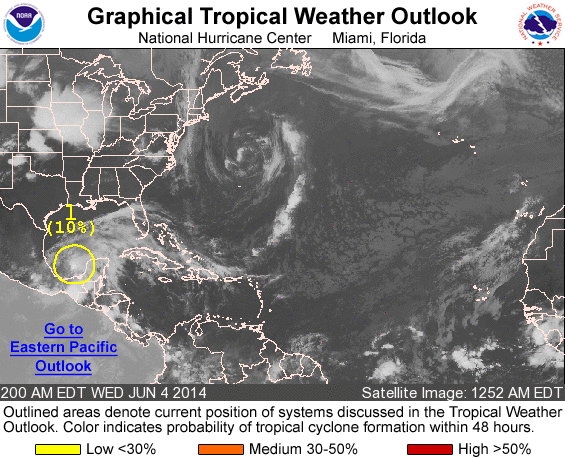
For the North Atlantic...Caribbean Sea and the Gulf of Mexico:

1. A stationary trough of low pressure over the Bay of Campeche is producing disorganized showers and thunderstorms. Strong upper-level winds will likely inhibit significant development of this system. However, this disturbance has the potential to produce locally heavy rains during the next few days over portions of southeastern Mexico that were already soaked by Tropical Storm Boris.
* Formation chance through 48 hours...low...10 percent
* Formation chance through 5 days...low...20 percent

Forecaster Cangialosi/Avila